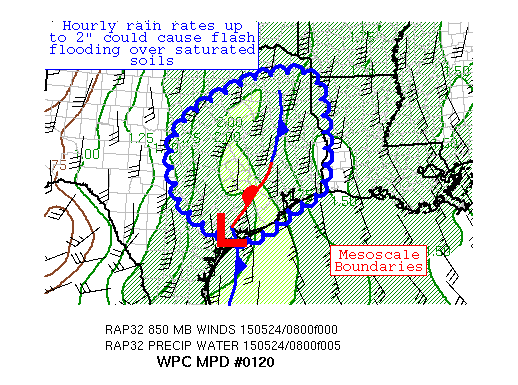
AREAS AFFECTED...EASTERN TX

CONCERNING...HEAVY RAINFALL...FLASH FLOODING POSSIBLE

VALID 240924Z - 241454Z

SUMMARY...A MATURE MCS WITH HOURLY RAIN RATES UP TO 2" COULD CAUSE
FLASH FLOODING OVER SATURATED SOILS.  AREAS NEAR SAN ANTONIO ARE
MOST AS RISK.

DISCUSSION...THE COMBINATION OF A MATURE MCS AND CONVECTION MOVING
ACROSS SOUTH-CENTRAL TX MAINTAINS A FLASH FLOOD RISK FOR THE
REGION.  HOURLY RAIN RATES UP TO 2" HAVE BEEN INDICATED BY RADAR
IN A REGION WITH PRECIPITABLE WATER VALUES NEAR 2", 30 KTS OF 850
HPA INFLOW (NEAR THE MAGNITUDE OF THE 850-400 MEAN WIND), AND
MUCAPES 1000-3000 J/KG.  THERMAL CONTRAST ALONG THE OUTFLOW
BOUNDARY TO ITS NORTHEAST IS DECENT, WITH ABOUT 15F OF CONTRAST.

THE WORRY IN THIS REGION IS THAT CONVECTION COULD FORM AHEAD OF
THE MCS AND ATTEMPT TO TRAIN, OR THAT THE BOW ECHO PATTERN COULD
EVOLVE INTO A LEWP/QLCS.  THE CONVECTIVE BOW HAS BEEN MOVING 30-35
KTS, WHICH HELPED DEFINE THE AREA ALONG WITH INPUT FROM
SAB/NESDIS.  SOUTH-CENTRAL TX, AN AREA SATURATED WITH RAINFALL
SINCE SATURDAY AFTERNOON, IS DEALING WITH A SIGNIFICANT FLASH
FLOOD THREAT ALONG THE BLANCO RIVER BASIN -- THIS RAINFALL COULD
MAKE THE SITUATION NEAR THE FLOOD WAVE WORSE.  THE 08Z HRRR AND
THE 12Z SSEO MEAN APPEARED TO BE HANDLING THIS SYSTEM'S FORWARD
PROPAGATION THE BEST.  THERE IS A SIGNAL IN THE MESOSCALE GUIDANCE
FOR LOCAL 3-5" MAXIMA.  KEPT THE CATEGORY OF THE MPD AS POSSIBLE
DUE TO HIGHER FLASH FLOOD GUIDANCE VALUES ACROSS SOUTHEAST TX.